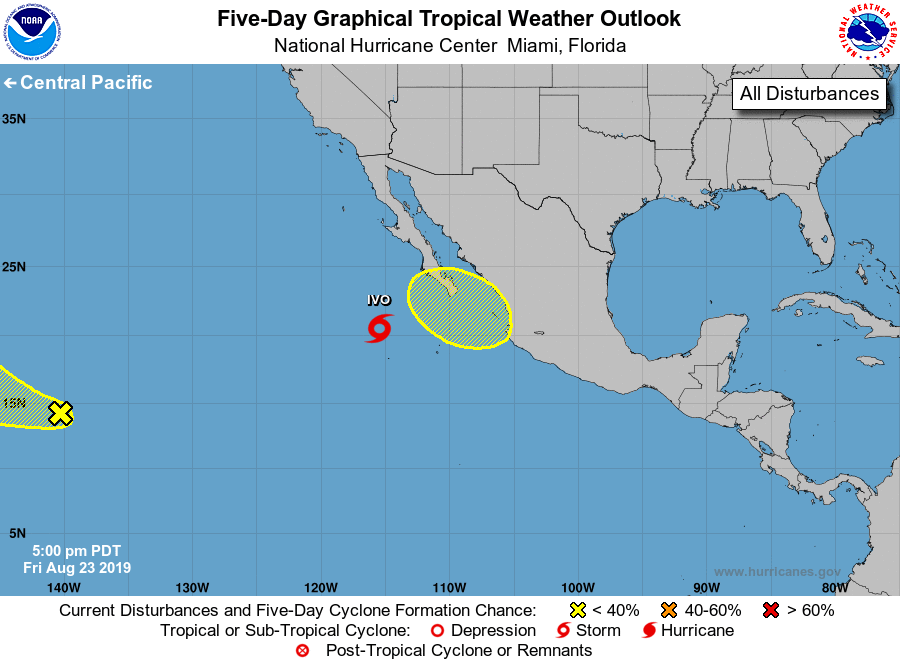
For the eastern North Pacific...east of 140 degrees west longitude:

The National Hurricane Center is issuing advisories on Tropical Storm Ivo, located a few hundred miles west-southwest of the southern tip of the Baja California peninsula.

1. A surface trough located about 1000 miles east-southeast of the Big Island of Hawaii is producing limited shower and thunderstorm activity. Environmental conditions could become a little more conducive for some development in a few days as the system moves northwestward. Future information on this disturbance can be found in Tropical Weather Outlooks issued by the Central Pacific Hurricane Center.
* Formation chance through 48 hours...low...near 0 percent.
* Formation chance through 5 days...low...30 percent.

2. An area of low pressure is forecast to form just offshore of the west-central Mexico coast near the southern tip of the Baja California peninsula by the middle of next week. Some development of this system is possible thereafter while it moves westward or west-northwestward at around 10 mph.
* Formation chance through 48 hours...low...near 0 percent.
* Formation chance through 5 days...low...30 percent.

Tropical Weather Outlooks issued by the Central Pacific Hurricane Center can be found under AWIPS header HFOTWOCP, and WMO header ACPN50 PHFO. It can also be found on the web at hurricanes.gov

Forecaster Zelinsky